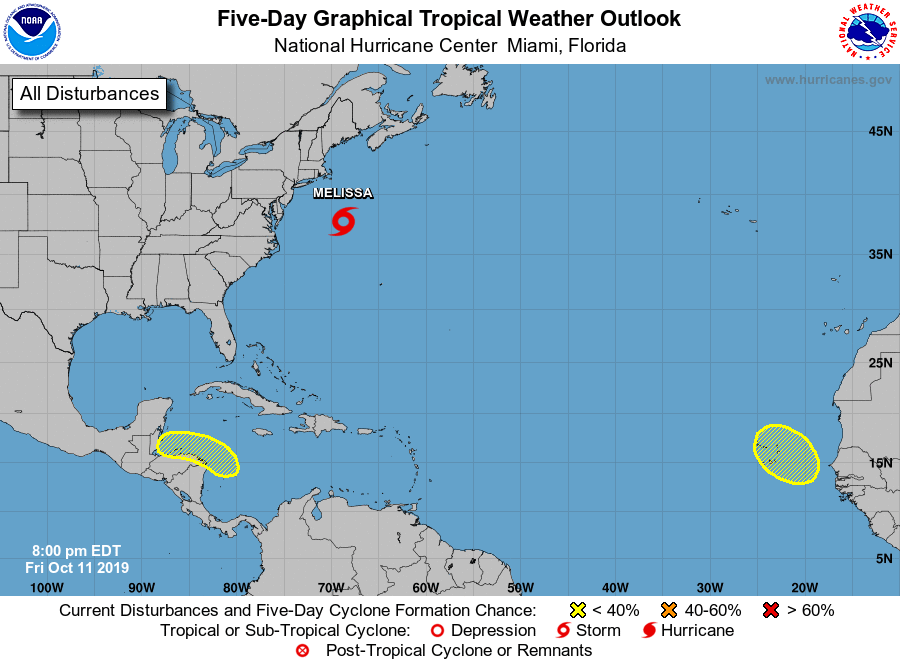
For the North Atlantic...Caribbean Sea and the Gulf of Mexico:

The National Hurricane Center is issuing advisories on Subtropical Storm Melissa, located a couple hundred miles south-southeast of the New England coast.

1. A broad area of low pressure is expected to form over the southwestern Caribbean Sea this weekend. This system is forecast to move westward toward Central America early next week, and some development is possible if the low remains over water while moving near the coasts of Honduras, Guatemala, and Belize.
* Formation chance through 48 hours...low...near 0 percent.
* Formation chance through 5 days...low...20 percent.

2. A tropical wave, accompanied by a broad area of low pressure, is expected to move off the west coast of Africa on Sunday. Although tropical cyclone formation in this area is climatologically unlikely this late in the hurricane season, some development of this system is possible early next week while it moves generally northwestward near or over the Cabo Verde Islands.
* Formation chance through 48 hours...low...near 0 percent.
* Formation chance through 5 days...low...30 percent.

Public Advisories on Subtropical Storm Melissa are issued under WMO header WTNT34 KNHC and under AWIPS header MIATCPAT4. Forecast/Advisories on Subtropical Storm Melissa are issued under WMO header WTNT24 KNHC and under AWIPS header MIATCMAT4.

Forecaster Berg